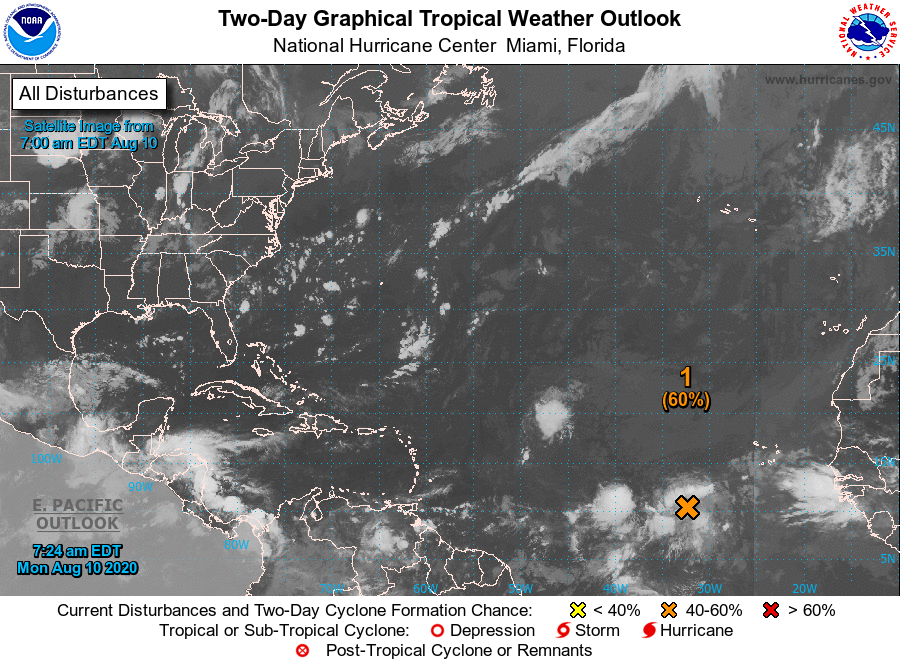
For the North Atlantic...Caribbean Sea and the Gulf of Mexico:

1. Showers and thunderstorms associated with a tropical wave and broad area of low pressure located about 600 miles west-southwest of the Cabo Verde Islands have changed little in organization since yesterday. Environmental conditions are expected to be somewhat conducive for development to occur, and a tropical depression could form during the next day or two while the disturbance moves generally westward to west-northwestward at 10 to 15 mph across the tropical Atlantic. Conditions are forecast to become less conducive for development by the end of the week.
* Formation chance through 48 hours...medium...60 percent.
* Formation chance through 5 days...medium...60 percent.

Forecaster Berg